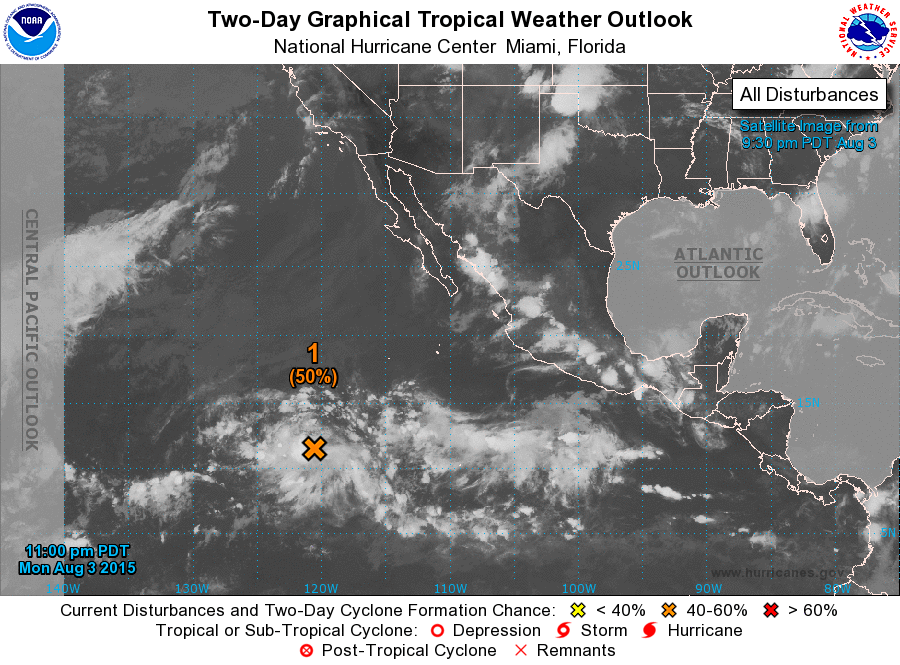
For the eastern North Pacific...east of 140 degrees west longitude:

1. Shower and thunderstorm activity associated with a low pressure system located about 1100 miles southwest of the southern tip of the Baja California peninsula continues to show signs of organization. Environmental conditions are expected to be conducive for continued gradual development, and this system is likely to become a tropical depression later this week while it moves west-northwestward at 10 to 15 mph.
* Formation chance through 48 hours...medium...50 percent
* Formation chance through 5 days...high...80 percent

Forecaster Brennan